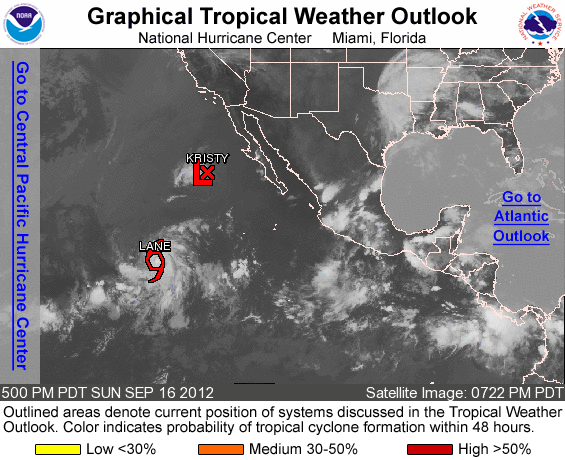
FOR THE EASTERN NORTH PACIFIC...EAST OF 140 DEGREES WEST LONGITUDE..

THE NATIONAL HURRICANE CENTER IS ISSUING ADVISORIES ON TROPICAL DEPRESSION KRISTY...LOCATED ABOUT 560 MILES WEST-NORTHWEST OF THE SOUTHERN TIP OF BAJA CALIFORNIA...AND ON TROPICAL STORM LANE... LOCATED ABOUT 1175 MILES WEST-SOUTHWEST OF THE SOUTHERN TIP OF BAJA CALIFORNIA.

ELSEWHERE...TROPICAL CYCLONE FORMATION IS NOT EXPECTED DURING THE NEXT 48 HOURS.

FORECASTER BLAKE